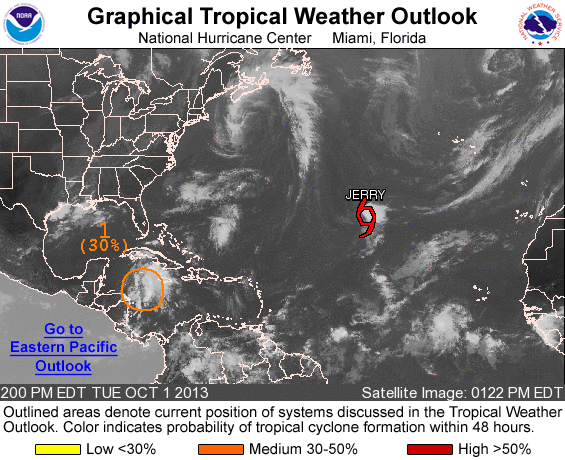
FOR THE NORTH ATLANTIC...CARIBBEAN SEA AND THE GULF OF MEXICO...

THE NATIONAL HURRICANE CENTER IS ISSUING ADVISORIES ON TROPICAL STORM JERRY...LOCATED OVER THE CENTRAL ATLANTIC.

1. THE AREA OF LOW PRESSURE OVER THE WESTERN CARIBBEAN SEA HAS CHANGED LITTLE IN ORGANIZATION OVER THE PAST SEVERAL HOURS...WITH MOST OF THE SHOWER AND THUNDERSTORM ACTIVITY LOCATED TO THE EAST OF THE LOW. SOME DEVELOPMENT OF THIS DISTURBANCE IS POSSIBLE DURING THE NEXT COUPLE OF DAYS WHILE IT MOVES NORTHWESTWARD AT AROUND 10 MPH...AND THIS SYSTEM HAS A MEDIUM CHANCE...30 PERCENT...OF BECOMING A TROPICAL CYCLONE DURING THE NEXT 48 HOURS. UPPER-LEVEL WINDS ARE EXPECTED TO BE MARGINALLY CONDUCIVE FOR DEVELOPMENT WHEN THE DISTURBANCE MOVES OVER THE SOUTHERN GULF OF MEXICO LATER THIS WEEK...AND THE SYSTEM HAS A MEDIUM CHANCE...50 PERCENT...OF BECOMING A TROPICAL CYCLONE DURING THE NEXT 5 DAYS. LOCALLY HEAVY RAINS COULD AFFECT PORTIONS OF JAMAICA...CUBA...AND THE CAYMAN ISLANDS DURING THE NEXT DAY OR TWO.

FIVE-DAY FORMATION PROBABILITIES ARE EXPERIMENTAL IN 2013. COMMENTS ON THE EXPERIMENTAL FORECASTS CAN BE PROVIDED AT...

HTTP://WWW.NWS.NOAA.GOV/SURVEY/NWS-SURVEY.PHP?CODE=ETWO

FORECASTER PASCH